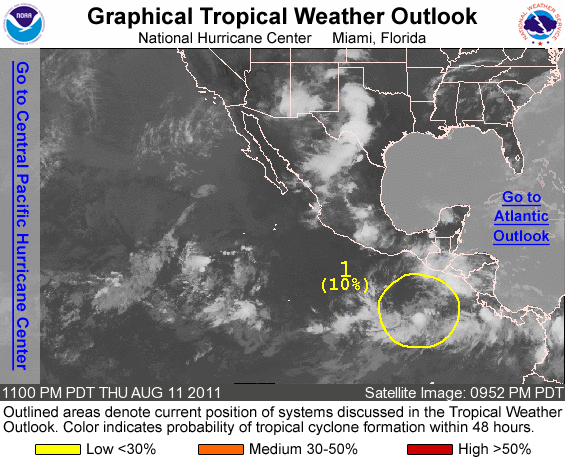
FOR THE EASTERN NORTH PACIFIC...EAST OF 140 DEGREES WEST LONGITUDE..

1. SHOWERS AND THUNDERSTORMS ASSOCIATED WITH A BROAD AREA OF LOW PRESSURE CENTERED A FEW HUNDRED MILES SOUTH-SOUTHEAST OF THE GULF OF TEHUANTEPEC REMAIN POORLY ORGANIZED....AND ANY DEVELOPMENT IS EXPECTED TO BE SLOW TO OCCUR. THIS SYSTEM HAS A LOW CHANCE...10 PERCENT...OF BECOMING A TROPICAL CYCLONE DURING THE NEXT 48 HOURS AS IT MOVES SLOWLY WESTWARD.

FORECASTER BEVEN